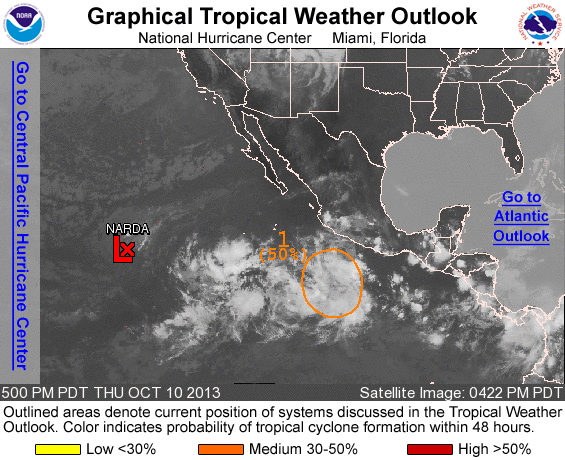
FOR THE EASTERN NORTH PACIFIC...EAST OF 140 DEGREES WEST LONGITUDE..

1. SHOWERS AND THUNDERSTORMS ASSOCIATED WITH A BROAD AREA OF LOW PRESSURE...LOCATED SEVERAL HUNDRED MILES SOUTH OF MANZANILLO MEXICO ...REMAIN POORLY ORGANIZED. HOWEVER...ENVIRONMENTAL CONDITIONS APPEAR TO BE CONDUCIVE FOR DEVELOPMENT...AND THIS SYSTEM COULD STILL BECOME A TROPICAL DEPRESSION DURING THE NEXT DAY OR TWO. THIS SYSTEM HAS A MEDIUM CHANCE...50 PERCENT...OF BECOMING A TROPICAL CYCLONE DURING THE NEXT 48 HOURS...AND A HIGH CHANCE...60 PERCENT...OF BECOMING A TROPICAL CYCLONE DURING THE NEXT 5 DAYS WHILE IT MOVES WEST-NORTHWESTWARD OR NORTHWESTWARD AT ABOUT 10 MPH.

FIVE-DAY FORMATION PROBABILITIES ARE EXPERIMENTAL IN 2013. COMMENTS ON THE EXPERIMENTAL FORECASTS CAN BE PROVIDED AT...

HTTP://WWW.NWS.NOAA.GOV/SURVEY/NWS-SURVEY.PHP?CODE=ETWO

FORECASTER BEVEN